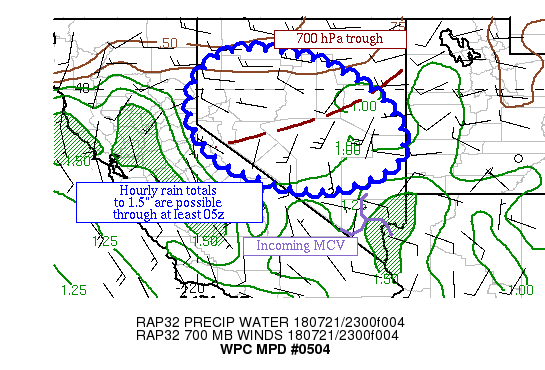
AREAS AFFECTED...CENTRAL NV & VICINITY

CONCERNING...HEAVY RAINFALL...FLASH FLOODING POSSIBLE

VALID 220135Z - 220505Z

SUMMARY...SHOWERS AND THUNDERSTORMS CONTINUE DEVELOPING AHEAD OF
AN MCV AND NEAR A 700 HPA TROUGH.  HOURLY RAIN TOTALS TO 1.5"
SHOULD BE POSSIBLE THROUGH AT LEAST 05Z.

DISCUSSION...THUNDERSTORMS BEGAN ACROSS EAST-CENTRAL CA AROUND 23Z
IN THE VICINITY OF THE TAIL END OF A 700 HPA TROUGH.  AS AN MCV
APPROACHES FROM SOUTHERN NV, THUNDERSTORM/LIGHTNING ACTIVITY HAS
BEEN INCREASING FURTHER UP THE SLOW-MOVING 700 HPA TROUGH INTO
CENTRAL NV PER THE LIGHTNING DETECTION NETWORK.  ADDING TO THE
DIVERGENCE ALOFT IS THE RIGHT ENTRANCE REGION OF A JET STREAK
PRECIPITABLE WATER VALUES OF 0.7-0.9" PER GPS DATA.  MU CAPE
VALUES ARE INCREASING IN THIS AREA, WITH VALUES OF 500-2000 J/KG.
EFFECTIVE BULK SHEAR OF 25-35 KTS EXISTS IN CENTRAL NV WHICH MAY
ADD SOME CONVECTIVE ORGANIZATION.

THE MESOSCALE GUIDANCE IS DOING POORLY HERE.  BASED ON
DEVELOPMENTS YESTERDAY, BELIEVE CONVECTION SHOULD HOLD ON UNTIL AT
LEAST 05Z.  WITH THE INCOMING MCV AND JET STREAK ALOFT, IT IS
POSSIBLE THAT CONVECTION COULD HOLD ON EVEN LONGER.  HOURLY RAIN
TOTALS OF 1.5" SHOULD BE POSSIBLE GIVEN THE MOISTURE AND
INSTABILITY PRESENT.